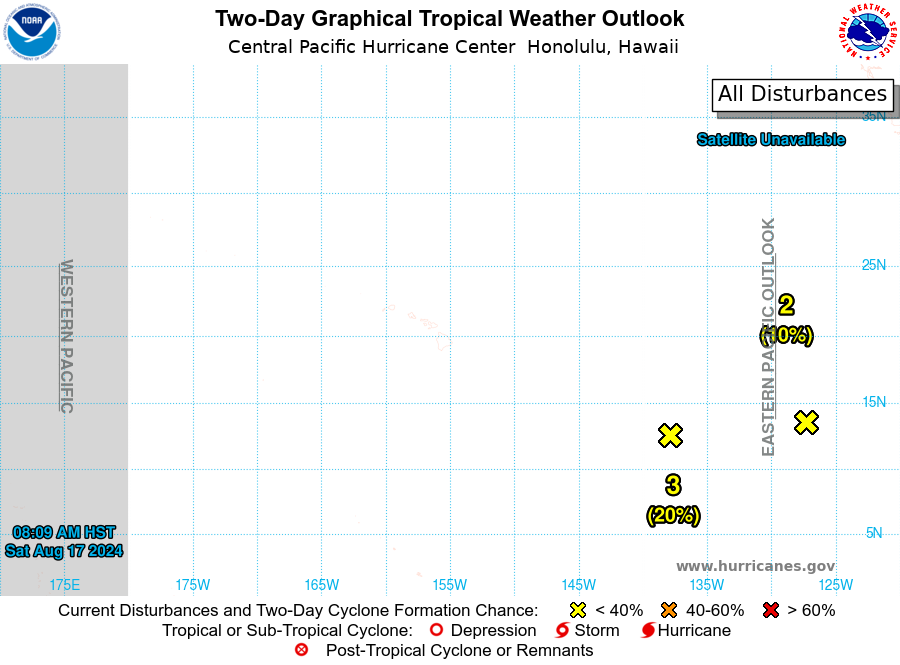
For the central North Pacific...between 140W and 180W:

1. Approximately 750 miles southeast of Hilo, Hawaii: Disorganized showers and thunderstorms are associated with a broad area of low pressure that is slowly moving west. Environmental conditions are not conducive for the development of a tropical depression from this area of disturbed area.
* Formation chance through 48 hours...low...near 0 percent.
* Formation chance through 7 days...low...near 0 percent.

2. Approximately 1900 miles east-southeast of Hilo, Hawaii: Widely scattered showers and thunderstorms are associated with a broad trough of low pressure located more than one thousand miles west-southwest of the southern tip of the Baja California peninsula. While this system may interact with another area of low pressure to its west-southwest over the next several days, some gradual development of this system is forecasted if it remains the dominant disturbance. A tropical depression is likely form during the middle part of next week while the system moves westward to west-northwestward over the western portion of the basin and into the Central Pacific basin by the end of the week.
* Formation chance through 48 hours...low...10 percent.
* Formation chance through 7 days...high...70 percent.

3. Approximately 1200 miles east-southeast of Hilo, Hawaii: A small area of low pressure located well southeast of the Hawaiian Islands is associated with some disorganized showers and thunderstorms. Some development of this system is possible this weekend into early next week while it moves slowly over the western portion of the East Pacific or Central Pacific basin. By the middle of next week, this system could merge with a larger system developing to its east.
* Formation chance through 48 hours...low...20 percent.
* Formation chance through 7 days...low...20 percent.

Elsewhere, no tropical cyclones are expected during the next 7 days.

Forecaster Blood